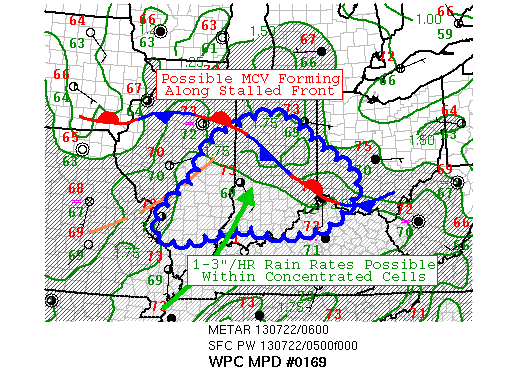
AREAS AFFECTED...CENTRAL IL INTO CENTRAL/SRN IN

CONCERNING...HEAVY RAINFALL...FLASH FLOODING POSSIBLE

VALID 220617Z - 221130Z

SUMMARY...A DYNAMIC SMALL SCALE SHORT WAVE IS INTERACTING WITH A
STALLED FRONTAL ZONE AND PLUME OF DEEP TROPICAL MOISTURE OVER THE
OH VLY. HEAVY RAINFALL IS ANTICIPATED FOR THE NEXT SEVERAL HRS
FROM CENTRAL IL INTO IN... WHICH COULD LEAD TO LOCALIZED FLASH
FLOODING.

DISCUSSION...A DYNAMIC SHORT WAVE TROUGH IS PRESSING INTO THE WRN
PORTION OF THE OH VLY EARLY THIS MORNING AND IT APPEARS A POSSIBLE
MCV IS FORMING ALONG A QUASI-STATIONARY SURFACE BOUNDARY IN
CENTRAL IL. MEANWHILE... DEEP TROPICAL MOISTURE IS POOLING ALONG
THE OH RIVER AND 850MB INFLOW FROM THE SW APPEARS RATHER
CONTINUOUS OVER THE NEXT SEVERAL HRS. THE COMBO OF ACTIVE JET
DYNAMICS AND THIS ANOMALOUS 2" PW PLUME IS TRIGGERING SEVERAL
SPOTS OF ACTIVE CONVECTIVE HEAVY RAINFALL. IN THE PAST THREE
HRS... MESONET DATA AROUND CMI SUGGEST 1.5 TO 3 INCH AMOUNTS IN
THE SLOW MOVING CELLS WITH MORE ACTIVITY DEVELOPING DOWNSTREAM
ALONG THE FRONTAL ZONE OVER NRN KY AND SWRN OH. THIS ENTIRE
CLUSTER OF STORMS SHOULD CONTINUE TO ADVANCE DOWNSTREAM OVER THE
NEXT SEVERAL HRS BUT AT A VERY SLOW CLIP... AS 00Z RAOB DATA
SUGGESTED 850MB FLOW NEAR THE CONVERGENCE ZONE AT ONLY 5-10 KTS.
00Z ECMWF AND 05Z RAP REFRESH SUGGEST 1-3 INCH AMOUNTS IN
LOCALIZED SPOTS CONTINUING THROUGH 11-14Z THIS MORNING... WHICH
COULD RESULT IN FLASH FLOODING DESPITE THE MODEST FFG.